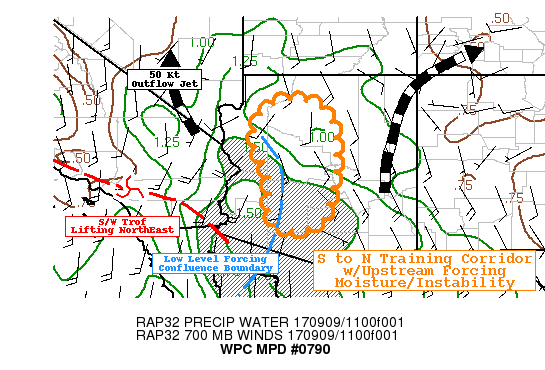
AREAS AFFECTED...ARIZONA

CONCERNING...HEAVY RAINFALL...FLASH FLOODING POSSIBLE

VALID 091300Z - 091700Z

SUMMARY...LOW END FLASH FLOOD THREAT REMAINS THROUGH
PRE-DAWN/EARLY MORNING REMAINS WITH SLOW MOVING CELLS.

DISCUSSION...GOES-W WV LOOP DEPICTS CLOSED LOW NEAR SAN FRANCISCO
BAY REGION WITH STRONG UP-STREM JET SET TO HELP SOUTHWARD AND EVEN
SLIGHT RETROGRADING MOTION OVER THE NEXT FEW HOURS.  ALONG THE
SOUTHEAST PERIPHERY A SHORT-WAVE TROF EXTENDS FROM S CA TOWARD THE
S COLORADO RIVER VALLEY PROVIDING AND EXPANDING REGION OF
DIFFLUENCE ACROSS SE CA/S NV AND W AZ.  RADAR REFLECTIVITY MOSAIC
/GOES-16 10.3UM IR SHOW A WEAK BAROCLINIC LEAF-LIKE FEATURE ACROSS
NW AZ WITH A SOUTHWARD EXTENDING BAND FROM YAVAPAI INTO W MARICOPA
COUNTY.  THIS BAND OF SCATTERED THUNDERSTORMS IS FORCED BY THE
CONFLUENCE OF SWLY AND SELY FLOW IN THE 8-7H LEVEL.  WEAK HEIGHT
FALLS AT THE EASTERN PERIPHERY OF THE APPROACHING SHORTWAVE HAS
ALLOWS FOR NEAR ZERO PROPAGATION VECTORS (SLIGHTLY E OR S) TO
EFFECTIVELY STALL THE ORIENTATION OF BEST REMAINING FORCING FOR
THE NEXT FEW HOURS WITHIN THE 15KT S TO N MEAN CLOUD BEARING/CELL
MOTIONS SUPPORTING TRAINING.

UTILIZING THE WELL OF WARM/MOIST LOW LEVEL AIR ACROSS THE SONORAN
DESERT...WITH MUCAPES TO 2000 J/KG AND MOISTURE ALONG THE TPW
GRADIENT UPWARDS OF 1.5" ...THERE IS A REMAINING CAPABILITY FOR
SCATTERED CONVECTION WITH MODEST UPDRAFT STRENGTH TO SUPPORT RATES
OF 1-1.25"/HR FROM FURTHER NORTH PARTICULARLY FURTHER SOUTH.
GIVEN SLOW MOTIONS THERE IS SOME POSSIBILITY OF 1-2" TOTALS TO BE
EXPECTED THROUGH EARLY MORNING POSING AT LEAST A LOW END/LOCALIZED
FLASH FLOODING RISK ESPECIALLY IF UPSTREAM REDEVELOPMENT AND MEAN
FLOW SUPPORTS REPEATING OF DOWNDRAFT CORES.